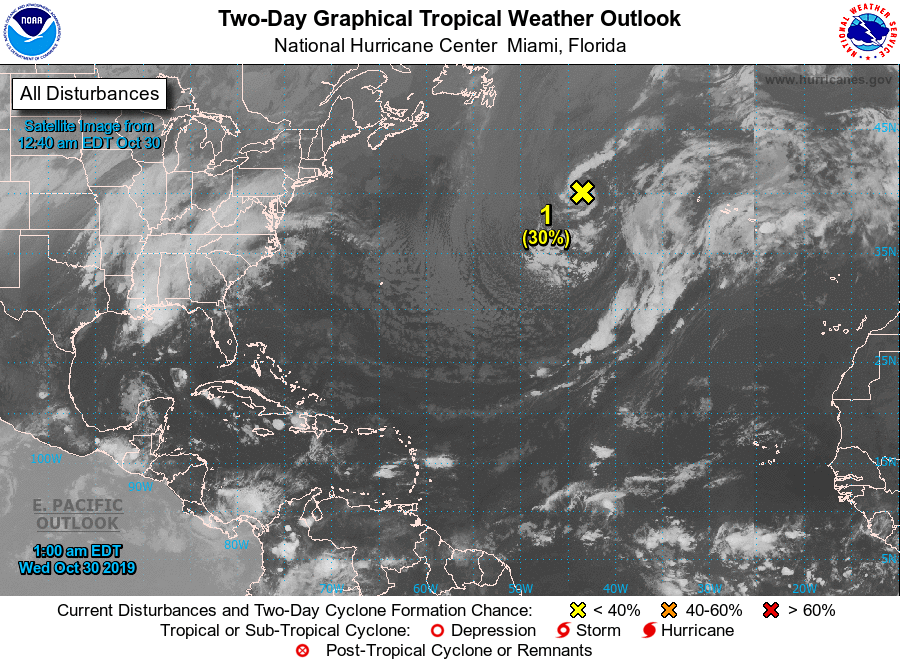
For the North Atlantic...Caribbean Sea and the Gulf of Mexico:

1. A non-tropical low pressure area located several hundred miles west of the westernmost Azores continues to produce disorganized shower and thunderstorm activity. This low is also producing a large area of winds of gale to storm force. This system is forecast to move southward over slightly warmer waters, and it could acquire some subtropical characteristics during the next day or so. Environmental conditions are expected to become unfavorable for any further development by Thursday night when the low is forecast to move back over colder waters. For more information of this system, see High Seas Forecasts issued by the National Weather Service.
* Formation chance through 48 hours...low...30 percent.
* Formation chance through 5 days...low...30 percent.

High Seas Forecasts issued by the National Weather Service can be found under AWIPS header NFDHSFAT1, WMO header FZNT01 KWBC, and online at ocean.weather.gov/shtml/NFDHSFAT1.php.

Forecaster Brown